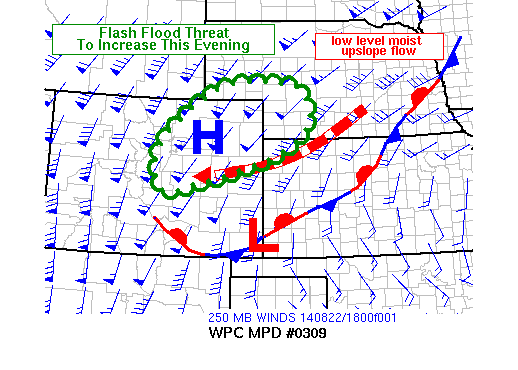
AREAS AFFECTED...NERN COLORADO INTO SWRN NEBRASKA AND EXTREME NWRN
KANSAS

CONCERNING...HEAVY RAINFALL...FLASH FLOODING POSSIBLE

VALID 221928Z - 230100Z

SUMMARY...SLOW MOVING AND TRAINING CONVECTION IS EXPECTED TO
ORGANIZE BY 20-21Z...LEADING TO A FLASH FLOOD THREAT OVER NERN
COLORADO. RAINFALL RATES OF 1-2 IN/HR WITH 3-4 INCHES TOTAL WILL
BE POSSIBLE BY 01Z.

DISCUSSION...AT 19Z...SURFACE OBSERVATIONS PLACED A 1016 MB HIGH
BETWEEN AKO AND APA...WHILE LOW PRESSURE WAS SITUATED ALONG THE
SRN COLORADO/KANSAS BORDER. LOW LEVEL FLOW WAS FUNNELING IN
BETWEEN THESE TWO FEATURES...MOST NOTED BY STEADY 20 KTS AT 850 MB
PER THE KGLD VAD WIND PROFILE. THIS UPSLOPE COMPONENT WAS KEEPING
DEWPOINTS IN THE 55 TO 60 F RANGE ACROSS MUCH OF ERN COLORADO WITH
BREAKS IN CLOUDS NOTED ON VISIBLE IMAGERY ALLOWING WEAK
INSTABILITY TO DEVELOP.

THE SURFACE LOW OVER THE COLORADO/KANSAS BORDER IS FORECAST TO
SLOWLY LIFT NNE THIS EVENING WHILE INSTABILITY CONTINUES TO
DEVELOP ALLOWING CONVECTION TO INCREASE IN COVERAGE...WITH SOME
TCU ALREADY NOTED ON 1-MIN RESOLUTION GOES-14 SRSO IMAGERY.
TRAINING OF RAINFALL WAS NOTED EARLIER BETWEEN FORT MORGAN AND
STERLING IN THE VICINITY OF I-76 AND FLASH FLOOD GUIDANCE VALUES
ARE ALREADY 1-2 INCHES IN 3 HOURS FOR MUCH OF THE THREAT AREA.

AS UPPER DIFFLUENCE AND THE RIGHT ENTRANCE REGION OF AN UPPER
LEVEL JET STREAK...TIED TO AN UPPER LEVEL LOW CURRENTLY OVER THE
FOUR CORNERS REGION...MOVES OVER THE AREA...LIFT SHOULD BE
ENHANCED WITH RAINFALL RATES OF 1-2 IN/HR EXPECTED. GIVEN THE
POTENTIAL FOR TRAINING...AS NOTED WITH EARLIER RAINFALL...FLASH
FLOODING WILL BE A GROWING CONCERN THROUGH THE REMAINDER OF THE
AFTERNOON INTO THE EVENING. A VAST MAJORITY OF HI-RES MODEL QPF
AGREES ON THIS IDEA BUT THERE ARE SOME DIFFERENCES IN
TIMING/PLACEMENT...HOWEVER...CONFIDENCE IS ABOVE AVERAGE FOR
CONVECTIVE DEVELOPMENT BY 00Z ACROSS THE THREAT AREA.